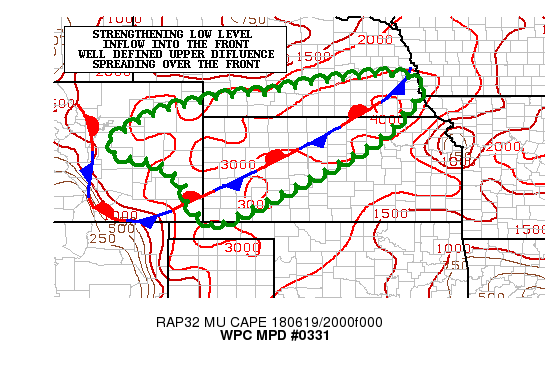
AREAS AFFECTED...NORTHEAST COLORADO...WESTERN TO CENTRAL
KANSAS...SOUTHERN NEBRASKA

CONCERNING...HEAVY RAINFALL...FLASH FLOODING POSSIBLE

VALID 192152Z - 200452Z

SUMMARY...CONVECTION IS BECOMING INCREASINGLY ACTIVE IN THE
VICINITY OF THE STATIONARY FRONTAL BOUNDARY STRETCHING FROM FAR
SOUTHEAST COLORADO---NORTHEASTWARD THROUGH WEST CENTRAL KANSAS.
AN INITIAL BATCH OF LOCALLY HEAVY RAINFALL LATE THIS
AFTERNOON---FOLLOWED BY ADDITIONAL ORGANIZED CONVECTION PUSHING
EASTWARD TO THE NORTH OF THIS FRONT AFTER 0000 UTC WILL SUPPORT
INCREASING FLASH FLOOD POTENTIAL ACROSS PORTIONS OF THE CENTRAL
PLAINS.

DISCUSSION...LATEST RADAR GOES-16 SATELLITE IMAGERY AND REGIONAL
RADARS CONTINUE TO SHOW ENHANCEMENT OF CONVECTION IN THE VICINITY
OF THE STATIONARY FRONT OVER THE CENTRAL PLAINS.  MUCAPE VALUES AS
PER SPC MESOANALYSIS AND RAP32 GUIDANCE ARE IN EXCESS OF 3000 J/KG
IN THE VICINITY OF THIS FRONT STRETCHING FROM SOUTHEAST
COLORADO---ACROSS WESTERN AND CENTRAL KANSAS INTO SOUTHEAST
NEBRASKA.  THE STRENGTHENING MOIST LOW LEVEL SOUTH SOUTHEASTERLY
FLOW...PW VALUES 1.5 TO 2+ STANDARD DEVIATIONS ABOVE THE
MEAN...INTO THIS AXIS OF VERY UNSTABLE AIR IN THE VICINITY OF THIS
FRONT WILL CONTINUE TO SUPPORT ENHANCING CONVECTION LATE THIS
AFTERNOON...WITH LIFT ENHANCED FURTHER BY UPSTREAM SHORTWAVE
ENERGY SPREADING VERY WELL DEFINED UPPER DIFLUENCE ALONG THIS
BOUNDARY ACROSS WESTERN TO CENTRAL KANSAS AFTER 0000 UTC JUNE 20.

MODEL WISE...THE 2000 UTC HRRR AND HRRR EXPERIMENTAL ARE SHOWING
SIMILAR EVOLUTION TO THE CONVECTION NEAR THIS FRONT...WITH CELLS
INITIALLY CONCENTRATED ALONG THE BOUNDARY...FOLLOWED BY POTENTIAL
MORE ORGANIZED ACTIVITY PUSHING EASTWARD FROM EASTERN
COLORADO...ALONG AND NORTH OF THE BOUNDARY AFTER 0000 UTC.  THE
INITIAL CELL DEVELOPMENT NEAR THE FRONT IS SHOWING SLOW MOTION
LATE THIS AFTERNOON WITH PRECIPITATION POTENTIAL OF 1-2" IN AN
HOUR POSSIBLE.  THIS MAY BE FOLLOWED BY MORE PROGRESSIVE ORGANIZED
CONVECTION PRODUCING ADDITIONAL MORE WIDESPREAD REGION OF 1"+ PER
HOUR AFTER 0000 UTC.  IN AREAS OF REPEAT ACTIVITY...THE POTENTIAL
FOR RUNOFF ISSUES WILL BE INCREASING.